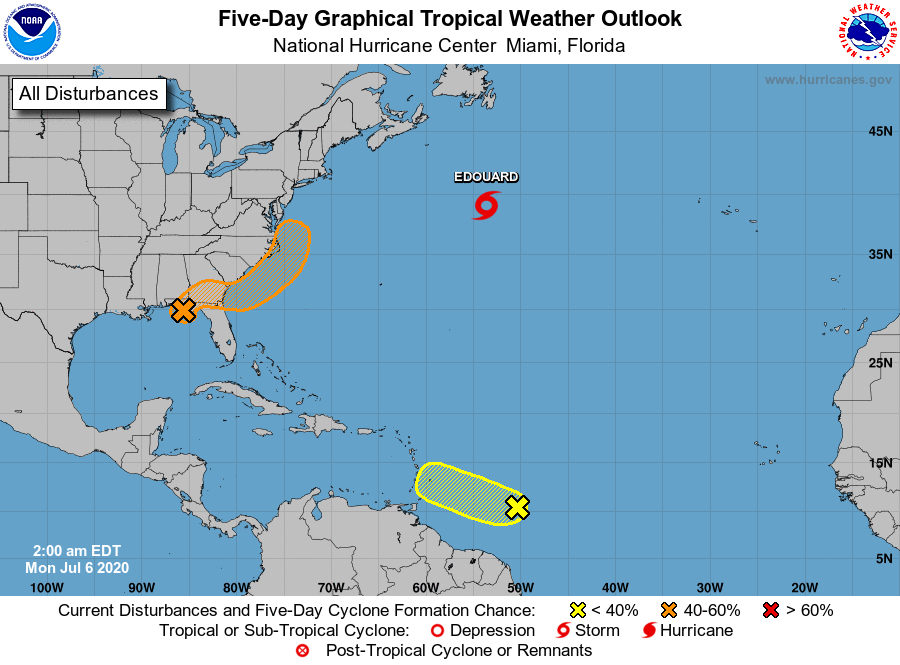
For the North Atlantic...Caribbean Sea and the Gulf of Mexico:

The National Hurricane Center is issuing advisories on Tropical Depression Five, located a few hundred miles northeast of Bermuda.

1. A small low pressure system is located near the coast of the Florida Panhandle between Panama City and Apalachicola. The associated thunderstorm activity is currently disorganized, and significant development appears unlikely before the low moves inland during the next several hours. This system is expected to evolve into a larger low pressure system and move northeastward, possibly emerging offshore of the Carolinas later this week where environmental conditions are expected to be more conducive for development.
* Formation chance through 48 hours...low...10 percent.
* Formation chance through 5 days...medium...40 percent.

2. A strong tropical wave, centered about 650 miles east of the Windward Islands, is producing disorganized showers and thunderstorms. Some slight development of this system is possible today before environmental conditions become hostile for development on Tuesday. The wave is forecast to move through the Lesser Antilles on Tuesday and could produce locally heavy rainfall as well as gusty winds on some of those islands.
* Formation chance through 48 hours...low...10 percent.
* Formation chance through 5 days...low...10 percent.

Forecaster Beven